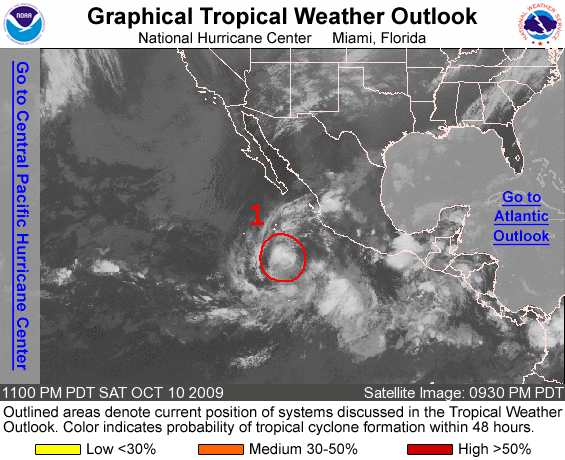
FOR THE EASTERN NORTH PACIFIC...EAST OF 140 DEGREES WEST LONGITUDE..

1. AN AREA OF LOW PRESSURE LOCATED ABOUT 400 MILES SOUTHWEST OF MANZANILLO MEXICO IS MOVING SLOWLY WESTWARD. THIS SYSTEM HAS CHANGED LITTLE IN ORGANIZATION OVER THE PAST FEW HOURS. HOWEVER... A TROPICAL DEPRESSION COULD STILL FORM LATER TONIGHT OR SUNDAY. THERE IS A HIGH CHANCE...GREATER THAN 50 PERCENT...OF THIS SYSTEM BECOMING A TROPICAL CYCLONE DURING THE NEXT 48 HOURS.

ELSEWHERE...TROPICAL CYCLONE FORMATION IS NOT EXPECTED DURING THE NEXT 48 HOURS.

FORECASTER CANGIALOSI/BEVEN